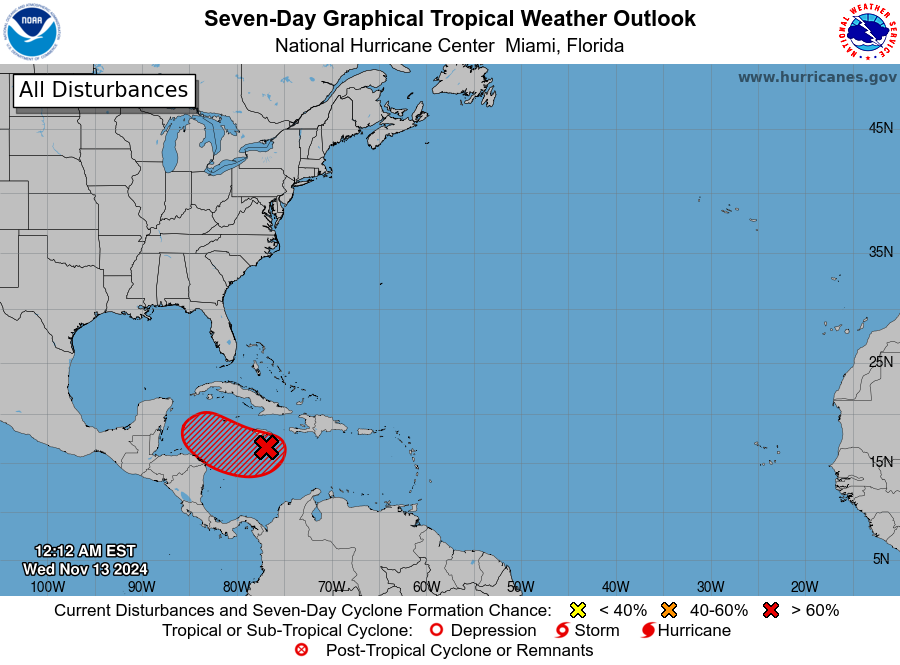
For the North Atlantic...Caribbean Sea and the Gulf of Mexico:

1. Central and Western Caribbean Sea (AL99): Showers and thunderstorms continue in associated with a broad area of low pressure over the central Caribbean Sea. Environmental conditions appear conducive for development, and a tropical depression is likely to form within the next couple of days while the system moves slowly westward into the western Caribbean Sea. Afterward, further development is likely while the disturbance meanders over the western Caribbean Sea through the weekend. The system is forecast begin moving slowly northwestward by early next week. Interests across the western and northwestern Caribbean Sea should monitor the progress of this system. Regardless of development, heavy rains are expected over Jamaica and portions of Haiti during the next day or so.
* Formation chance through 48 hours...high...80 percent.
* Formation chance through 7 days...high...90 percent.

Forecaster Bucci